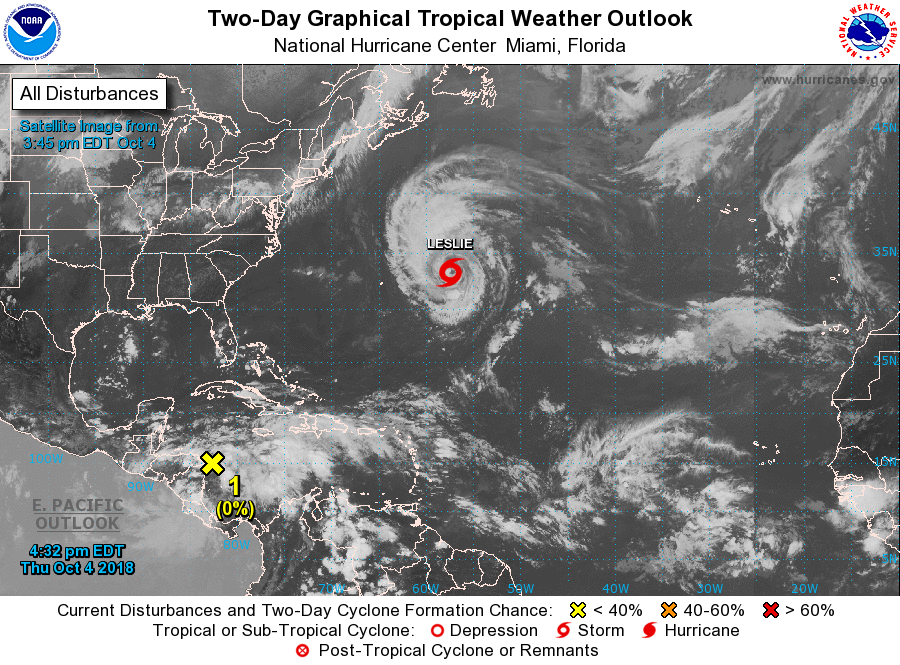
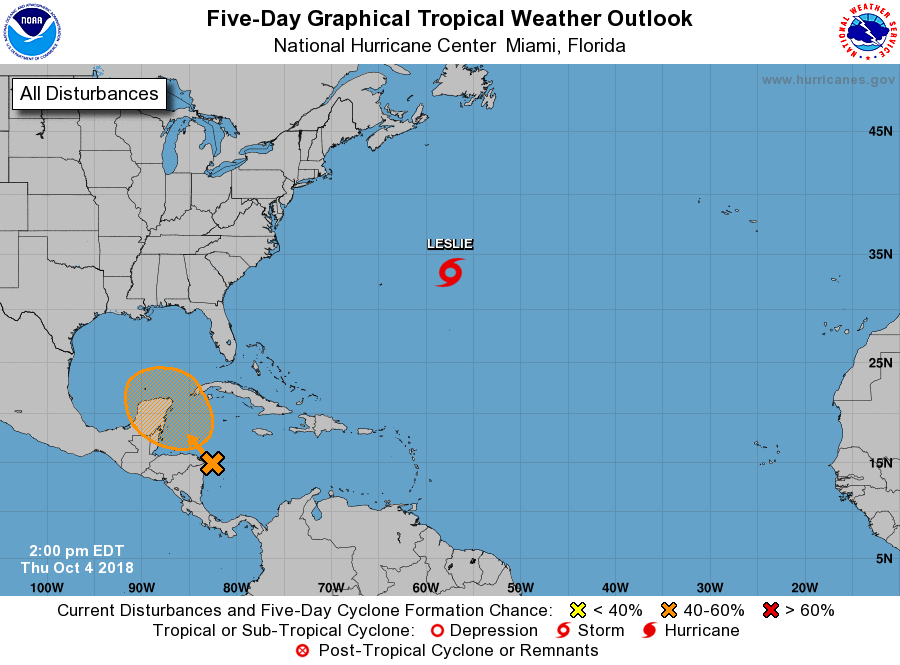
For the North Atlantic...Caribbean Sea and the Gulf of Mexico:

The National Hurricane Center is issuing advisories on Hurricane Leslie, located over the central Atlantic Ocean.

1. A broad low pressure area centered near the northeastern coasts of Nicaragua and Honduras is producing an extensive area of disorganized clouds and thunderstorms over the central and western Caribbean Sea, as well as portions of Central America. While surface pressures are relatively low in the area, upper-level winds are currently not favorable for tropical cyclone formation. Environmental conditions could become less hostile by late this weekend or early next week, and a tropical depression could form as the system moves slowly northwestward across the northwestern Caribbean Sea and the southern Gulf of Mexico.
* Formation chance through 48 hours...low...near 0 percent.
* Formation chance through 5 days...medium...40 percent.

Forecaster Beven